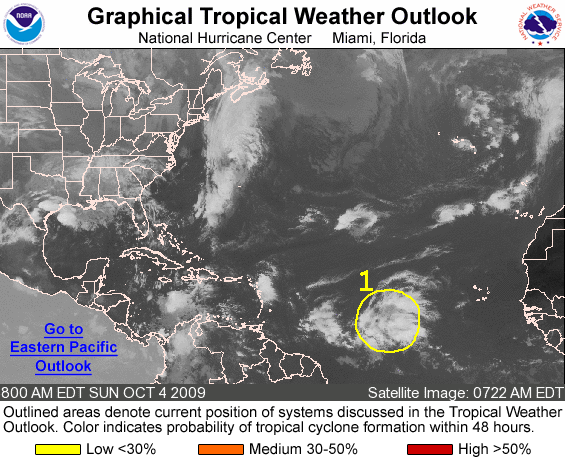
FOR THE NORTH ATLANTIC...CARIBBEAN SEA AND THE GULF OF MEXICO...

1. A TROPICAL WAVE LOCATED ABOUT 1000 MILES WEST OF THE CAPE VERDE ISLANDS IS PRODUCING A LARGE AREA OF DISORGANIZED SHOWERS AND THUNDERSTORMS. SOME SLOW DEVELOPMENT OF THIS SYSTEM IS POSSIBLE OVER THE NEXT COUPLE OF DAYS AT IT MOVES WESTWARD OR WEST-NORTHWESTWARD AT 15 TO 20 MPH. THERE IS A LOW CHANCE...LESS THAN 30 PERCENT...OF THIS SYSTEM BECOMING A TROPICAL CYCLONE DURING THE NEXT 48 HOURS.

ELSEWHERE...TROPICAL CYCLONE FORMATION IS NOT EXPECTED DURING THE NEXT 48 HOURS.

FORECASTER BRENNAN